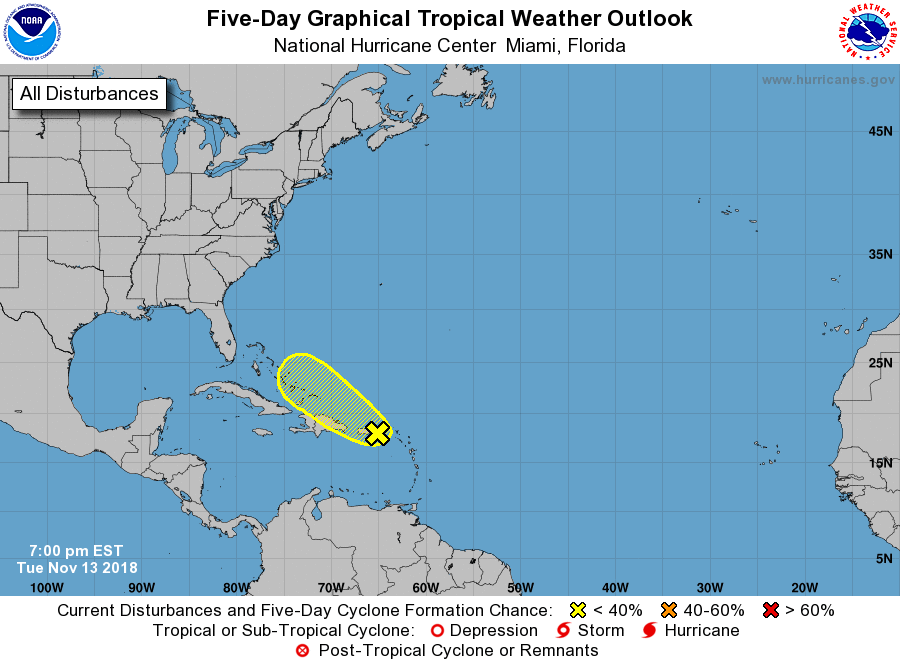
For the North Atlantic...Caribbean Sea and the Gulf of Mexico:

1. Disorganized showers and thunderstorms over portions of the Leeward Islands, the Virgin Islands, Puerto Rico, and the adjacent waters are associated with a tropical wave interacting with an upper-level low. Significant development of this system is not expected due to unfavorable upper-level winds and interaction with the islands of the Greater Antilles. Even though development is unlikely, locally heavy rainfall is expected to continue over portions of the Leeward Islands, the Virgin Islands, and Puerto Rico over the next day or so as the system moves generally west-northwestward. This activity will then spread over the Turks and Caicos Islands and the southeastern Bahamas Wednesday night and Thursday as the system turns northwestward.
* Formation chance through 48 hours...low...10 percent.
* Formation chance through 5 days...low...10 percent.

Forecaster Cangialosi